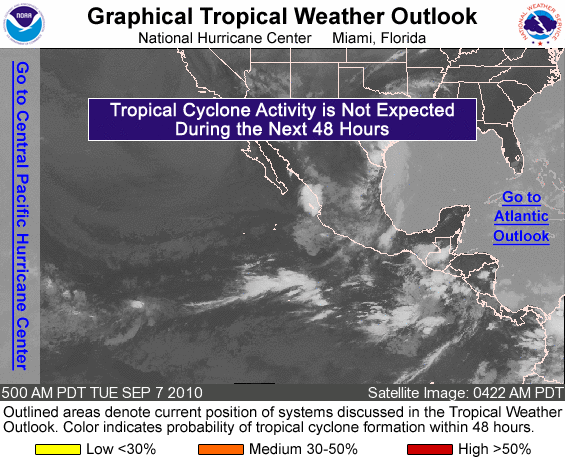
FOR THE EASTERN NORTH PACIFIC...EAST OF 140 DEGREES WEST LONGITUDE..

TROPICAL CYCLONE FORMATION IS NOT EXPECTED DURING THE NEXT 48 HOURS.

FORECASTER CANGIALOSI